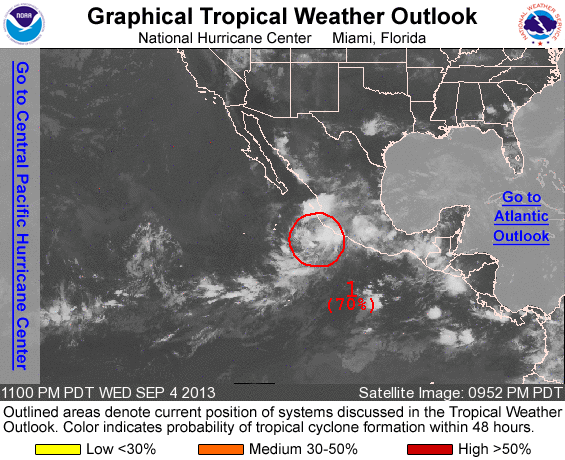
FOR THE EASTERN NORTH PACIFIC...EAST OF 140 DEGREES WEST LONGITUDE..

1. A LOW PRESSURE SYSTEM LOCATED ABOUT 160 MILES SOUTHEST OF MANZANILLO MEXICO IS SHOWING SOME SIGNS OF ORGANIZATION. ENVIRONMENTAL CONDITIONS ARE EXPECTED TO BE CONDUCIVE FOR DEVELOPMENT DURING THE NEXT COUPLE OF DAYS...AND A TROPICAL DEPRESSION COULD FORM ON THURSDAY. THE SYSTEM IS FORECAST TO MOVE OVER COOLER WATERS AND POSSIBLY INTERACT WITH LAND OVER THE WEEKEND AND DEVELOPMENT AT THAT TIME IS NOT EXPECTED. THIS SYSTEM HAS A HIGH CHANCE...70 PERCENT...OF BECOMING A TROPICAL CYCLONE DURING THE NEXT 48 HOURS...AND A HIGH CHANCE...70 PERCENT...OF BECOMING A TROPICAL CYCLONE DURING THE NEXT 5 DAYS WHILE IT MOVES NORTHWESTWARD AT 5 TO 10 MPH. IF THE SYSTEM BECOMES A TROPICAL DEPRESSION...TROPICAL STORM WATCHES OR WARNINGS COULD BE NEEDED FOR PORTIONS OF THE SOUTHERN BAJA CALIFORNIA PENINSULA...AND INTERESTS IN THAT AREA SHOULD MONITOR THE PROGRESS OF THE LOW. LOCALLY HEAVY RAINS AND GUSTY WINDS ARE POSSIBLE ALONG THE SOUTHWESTERN COAST OF MEXICO DURING THE NEXT DAY OR TWO...AND OVER THE SOUTHERN BAJA CALIFORNIA PENINSULA ON FRIDAY AND SATURDAY.

FIVE-DAY FORMATION PROBABILITIES ARE EXPERIMENTAL IN 2013. COMMENTS ON THE EXPERIMENTAL FORECASTS CAN BE PROVIDED AT...

HTTP://WWW.NWS.NOAA.GOV/SURVEY/NWS-SURVEY.PHP?CODE=ETWO

FORECASTER BROWN